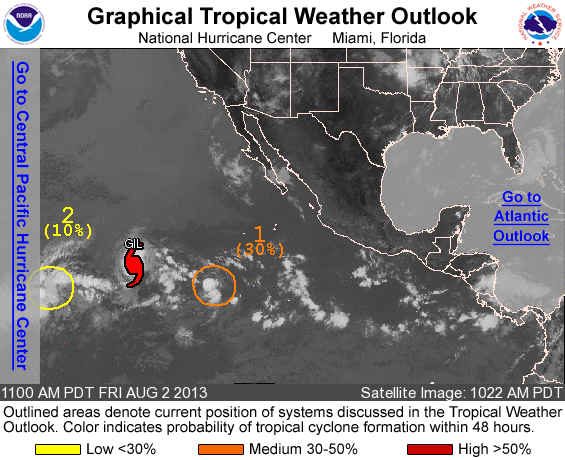
FOR THE EASTERN NORTH PACIFIC...EAST OF 140 DEGREES WEST LONGITUDE..

THE NATIONAL HURRICANE CENTER IS ISSUING ADVISORIES ON HURRICANE GIL...LOCATED WELL TO THE SOUTHWEST OF THE SOUTHERN TIP OF THE BAJA CALIFORNIA PENINSULA.

1. A SMALL LOW PRESSURE SYSTEM LOCATED ABOUT 900 MILES SOUTHWEST OF THE SOUTHERN TIP OF THE BAJA CALIFORNIA PENINSULA IS PRODUCING DISORGANIZED SHOWERS AND THUNDERSTORMS. ENVIRONMENTAL CONDITIONS COULD BECOME MORE CONDUCIVE FOR DEVELOPMENT...PARTICULARLY IF HURRICANE GIL CONTINUES TO WEAKEN. THIS SYSTEM HAS A MEDIUM CHANCE...30 PERCENT...OF BECOMING A TROPICAL CYCLONE DURING THE NEXT 48 HOURS...AND A MEDIUM CHANCE...40 PERCENT OF BECOMING A TROPICAL CYCLONE DURING THE NEXT 5 DAYS...AS IT MOVES WESTWARD AT ABOUT 10 TO 15 MPH.

2. AN AREA OF DISTURBED WEATHER LOCATED ABOUT 1250 MILES EAST-SOUTHEAST OF THE HAWAIIAN ISLANDS IS MOVING TOWARD THE WEST AT ABOUT 10 TO 15 MPH. THE SYSTEM HAS NOT BECOME ANY BETTER ORGANIZED DURING THE PAST SEVERAL HOURS AND HAS A LOW CHANCE...10 PERCENT...OF BECOMING A TROPICAL CYCLONE DURING THE NEXT 48 HOURS. CONDITIONS ARE EXPECTED TO REMAIN UNFAVORABLE FOR DEVELOPMENT AND IT HAS A LOW CHANCE...10 PERCENT OF BECOMING A TROPICAL CYCLONE DURING THE NEXT 5 DAYS. THE DISTURBANCE WILL MOVE WEST OF 140W LATER TODAY...AND FURTHER INFORMATION WILL BE CONTAINED IN TROPICAL WEATHER OUTLOOKS ISSUED BY THE CENTRAL PACIFIC HURRICANE CENTER IN HONOLULU.

FIVE-DAY FORMATION PROBABILITIES ARE EXPERIMENTAL IN 2013. COMMENTS ON THE EXPERIMENTAL FORECASTS CAN BE PROVIDED AT...

HTTP://WWW.NWS.NOAA.GOV/SURVEY/NWS-SURVEY.PHP?CODE=ETWO

FORECASTER FRANKLIN/ZELINSKY